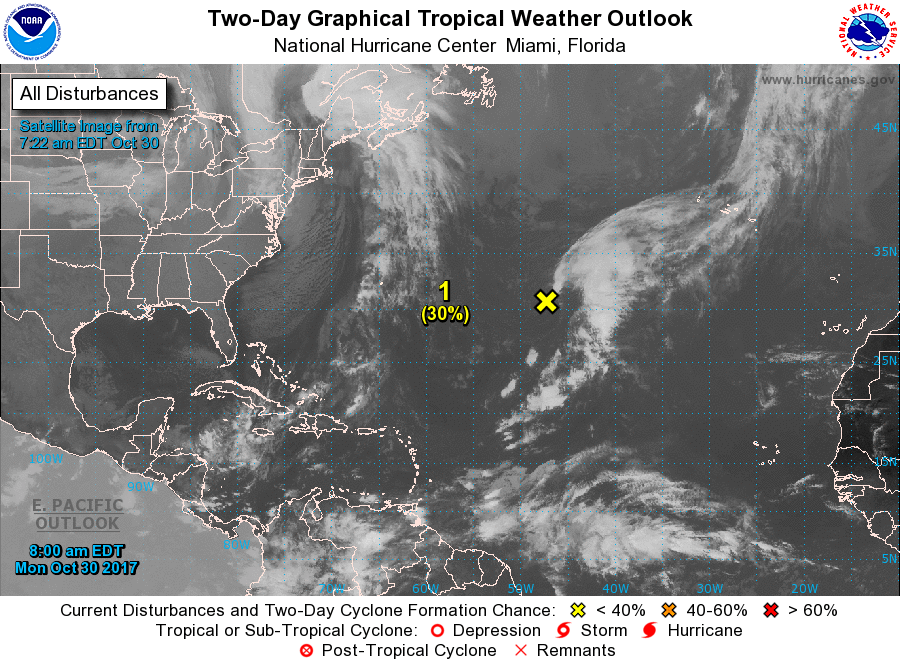
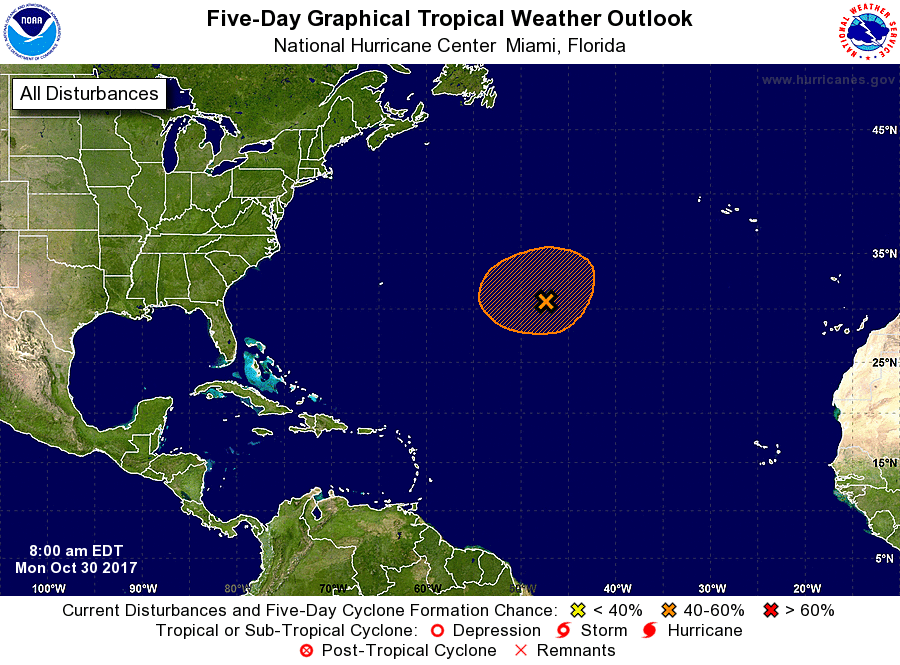
For the North Atlantic...Caribbean Sea and the Gulf of Mexico:

1. A well-defined, non-tropical low pressure system located about 1000 miles east of Bermuda is producing a large area of disorganized showers and thunderstorms, mainly northeast through southeast of the center. This low could gradually acquire some subtropical or tropical characteristics by the middle of the week while it meanders over the central Atlantic Ocean between Bermuda and the Azores.
* Formation chance through 48 hours...low...30 percent.
* Formation chance through 5 days...medium...40 percent.

Forecaster Stewart